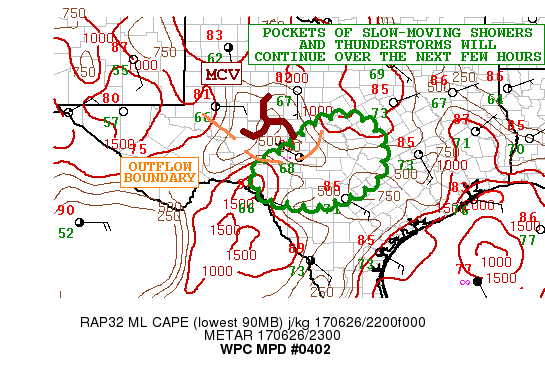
AREAS AFFECTED...CENTRAL TO SOUTH-CENTRAL TX

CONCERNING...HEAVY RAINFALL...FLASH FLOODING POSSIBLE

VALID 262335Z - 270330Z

SUMMARY...SLOW-MOVING SHOWERS AND THUNDERSTORMS WITH INTENSE
RAINFALL RATES WILL LIKELY CAUSE AT LEAST SOME FLASH FLOOD
POTENTIAL OVER THE NEXT FEW HOURS.

DISCUSSION...LATE-DAY EXPERIMENTAL GOES-16 VIS/0.64 MICRON IMAGERY
SHOWS A WELL-DEFINED MCV MOVING GRADUALLY EAST-SOUTHEAST TOWARD
THE TX HILL COUNTRY...AND THIS VORT CENTER IS INTERACTING WITH A
MOIST AND UNSTABLE BOUNDARY LAYER FOR A CLUSTER OF RELATIVELY WELL
ORGANIZED CONVECTION.

THE CONVECTION IS ADVANCING INTO AN AIRMASS CHARACTERIZED BY 1.75
INCH PWATS AND MLCAPE VALUES OF NEAR 1000 J/KG. THE 12Z ARW/NMMB
AND NSSL-WRF GUIDANCE MAY BE DOWNPLAYING THE CONVECTIVE POTENTIAL
TOO MUCH OVER THE TX HILL COUNTRY...AS RECENT RUNS OF THE
HRRR/HRRRX GUIDANCE DO SUGGEST SOME SMALL SCALE ORGANIZATION OVER
THE NEXT FEW HOURS.

THIS WOULD BE SUPPORTED BY THE FACT THAT THE VORT ENERGY IS QUITE
CONCENTRATED AND WILL STILL BE ADVANCING EAST-SOUTHEAST INTO A
MOIST/UNSTABLE ENVIRONMENT WITH AT LEAST MODEST SOUTHEAST LOW
LEVEL INFLOW AND ABOUT 20 TO 30 KTS OF EFFECTIVE BULK SHEAR. SOME
ADDITIONAL CONVECTION MAY ALSO FORM A BIT FARTHER SOUTH AND BECOME
SEMI-ORGANIZED SOUTH OF WHERE THE CURRENT ORGANIZED CLUSTER IS
INVOLVING CONCHO COUNTY.

RAINFALL RATES OF OVER 2 INCHES/HR AND LOCALIZED TOTALS UP TO OVER
4 INCHES WILL BE POSSIBLE. CANNOT RULE OUT SOME RUNOFF PROBLEMS OR
POSSIBLE FLASH FLOODING AS A RESULT. WILL CONTINUE TO MONITOR.